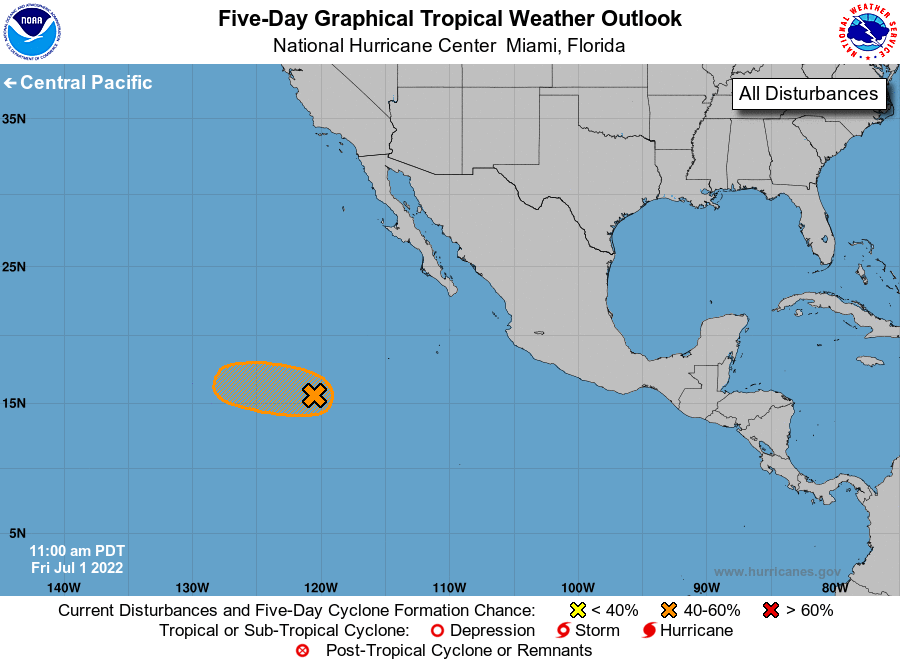
For the eastern North Pacific...east of 140 degrees west longitude:

Active Systems: The National Hurricane Center is issuing advisories on Atlantic basin Tropical Storm Bonnie currently located over the southwestern Caribbean Sea. The system is forecast to cross Central America and move into the east Pacific basin, as a tropical cyclone, on Saturday.

1. Central East Pacific: Showers and thunderstorms have decreased a little in association with a trough of low pressure located several hundred miles southwest of the southern tip of the Baja California peninsula. The system only has about another day to become a short-lived tropical depression before it reaches cooler waters and a dry air mass while it moves westward at 10 to 15 mph.
* Formation chance through 48 hours...medium...40 percent.
* Formation chance through 5 days...medium...40 percent.

Forecaster Cangialosi/Hogsett